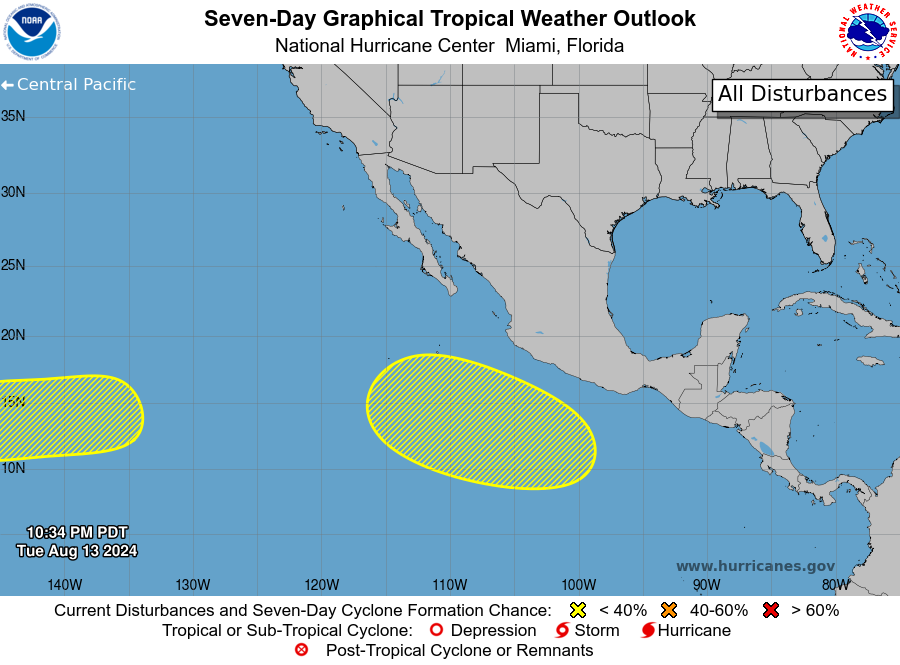
For the eastern North Pacific...east of 140 degrees west longitude:

1. Offshore of Southwestern Mexico: An area of low pressure could form this weekend well offshore of southern Mexico. Some slow development is possible by early next week as the low moves west-northwestward, remaining offshore of southwestern Mexico.
* Formation chance through 48 hours...low...near 0 percent.
* Formation chance through 7 days...low...30 percent.

2. Well Southeast of the Hawaiian Islands: An area of low pressure could form this weekend or early next week far southeast of the Hawaiian Islands. Some slow development is then possible as the low moves westward.
* Formation chance through 48 hours...low...near 0 percent.
* Formation chance through 7 days...low...20 percent.

Forecaster Kelly